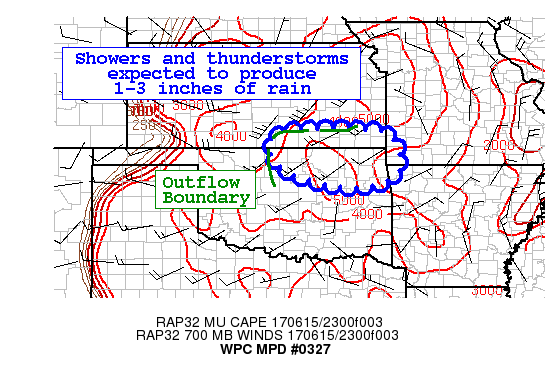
AREAS AFFECTED......SOUTHEAST KS TO NORTHEAST OK...

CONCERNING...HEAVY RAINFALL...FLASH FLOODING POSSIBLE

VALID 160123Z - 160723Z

SUMMARY...MERGING OUTFLOWS EXPECTED TO REGENERATE THUNDERSTORMS
ACROSS SOUTHEAST KS TO NORTHEAST OK IN AN UNSTABLE AIRMASS. HOURLY
RAIN RATES OF 1- 2", WITH LOCAL AMOUNTS OF 3" ARE POSSIBLE.

DISCUSSION...A CLUSTER OF SHOWERS AND STORMS CONTINUES IN ADVANCE
OF A 700 MB SHORTWAVE IN A SLIGHTLY ENHANCED LOW LEVEL JET AND
AREA OF MOST UNSTABLE CAPE VALUES TO 5000 J/KG. THE PERSISTENT
CLUSTER HAS RECENTLY MERGED WITH ANOTHER THAT CROSSED FROM OK INTO
KS AND OUTFLOWS FROM THE 2 CLUSTERS COMBINING TO ENHANCE LOW ELVEL
CONVERGENCE AND SPUR DEVELOPMENT OF MORE SHOWERS/STORMS. THE 00Z
SOUNDINGS IN EASTERN KS TO NORTHERN OK SHOW LOW-MID LEVEL WARM
ADVECTION PLUS STEEP LAPSE RATES OF 7-8 DEG C/KM.

THE AREA IS SHOWN AS POSSIBLE AND NOT LIKELY DUE TO GRADUALLY
INCREASING FLASH FLOOD GUIDANCE THAT NUDGES UP TO 3-4 INCHES IN 3
HOURS IN NORTHEAST OK.  THE 2 WRF ARW RUNS FROM EMC AND THE NSSL
WRF SHOW 2-3 INCHES OF RAIN IN THE 6 HOURS ENDING AT 06Z.  BRIEF
TRAINING AND ENHANCED RATES WHERE OUTFLOW MERGERS OCCUR COULD LEAD
TO ISOLATED HIGHER AMOUNTS.

GFS MODEL DERIVED CORFIDI PROPAGATION VECTORS SHOW AN
EAST-SOUTHEAST REDEVELOPMENT AND FORWARD MOTION, WITH ACTIVITY
DEPARTING SOUTHEAST KS INTO NORTHEAST OK LATER THIS EVENING.